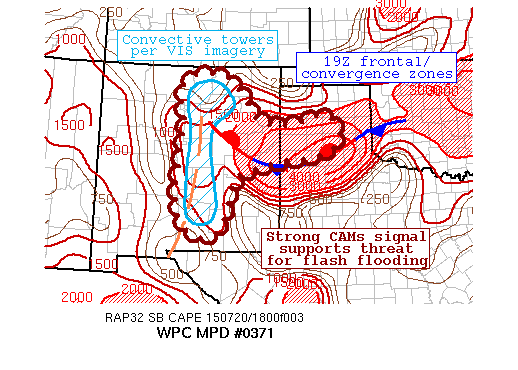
AREAS AFFECTED...CENTRAL TO EASTERN NM/TX PANHANDLE...

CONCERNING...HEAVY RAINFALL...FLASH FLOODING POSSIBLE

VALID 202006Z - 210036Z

SUMMARY...VISIBLE SATELLITE IMAGERY SHOWED NUMEROUS CONVECTIVE
TOWERS ERUPTING OVER THE ELEVATED HEATING SOURCE OF THE SOUTHERN
ROCKIES. SLOW CELL MOTIONS OVER THE COMPLEX TERRAIN MAY LEAD TO
PERIODS OF FLASH FLOODING THIS AFTERNOON/EVENING. FARTHER
EAST...AN ADDITIONAL THREAT FOR HEAVY RAINFALL EXISTS ALONG AN
EAST-WEST ORIENTED BAROCLINIC ZONE EXTENDING INTO THE TX
PANHANDLE.

DISCUSSION...THE 19Z SURFACE ANALYSIS OVER THE SOUTHERN ROCKIES
AND ADJACENT PLAINS SHOWED A PAIR OF BOUNDARIES IN PLACE. SURFACE
CONVERGENCE ALONG THE HIGHER TERRAIN OF NM IN CONJUNCTION WITH
SUFFICIENT DIURNAL HEATING HAS SUPPORTED THE DEVELOPMENT OF
NUMEROUS AREAS OF THUNDERSTORMS. THE 19Z RAP OBJECTIVE ANALYSIS
INDICATED VERY STEEP LAPSE RATES IN THE LOWER/MIDDLE TROPOSPHERE
ACROSS CENTRAL NM WITH 9 TO 9.5 C/KM RATES ANCHORING THE 0 TO 3 KM
LAYER. FARTHER TO THE EAST...SOME CU HAVE DEVELOPED ALONG THE
EAST-WEST TEMPERATURE GRADIENT WITH ROBUST SURFACE-BASED CAPE
VALUES IN THE 5000 TO 6000 J/KG RANGE. THESE SEEM SOMEWHAT BIASED
BY QUESTIONABLE SURFACE DEW POINTS IN THE REGION.
REGARDLESS...TREMENDOUS BUOYANCY IN THE ATMOSPHERE WILL SUPPORT
ADDITIONAL CONVECTION SPREADING EASTWARD INTO THE TX PANHANDLE
DURING THE NEXT FEW HOURS.

LOW-LEVEL WIND FIELDS SHOW A SUBTLE UPSLOPE COMPONENT IN THE FLOW
WHICH SHOULD HELP MAINTAIN SOME OF THE ACTIVITY ALONG THE EASTERN
FLANK OF THE SOUTHERN ROCKIES. SLOW CELL MOTIONS OVER THIS REGION
WILL SUPPORT AN INHERENT FLASH FLOOD RISK...PARTICULARLY IN AREAS
OF LOWER FFG VALUES. THE RISK DOWNSTREAM IS A BIT MORE UNCERTAIN
PENDING ANY SORT OF CELL TRAINING/BACKBUILDING ALONG THE BOUNDARY.

CONVECTION-ALLOWING MODELS ARE CONSISTENT WITH HEAVIER RAINFALL
OVER THE NM TERRAIN WITH PLACEMENT UNCERTAINTY TOWARD THE TX
PANHANDLE. THE PAST FEW CYCLES OF THE OPERATIONAL HRRR HAVE
STRUGGLED WITH CONVECTIVE INITATION. TENDED TO LEAN A BIT MORE ON
THE EXPERIMENTAL RUNS. PLEASE VIEW THE LATEST SPE FROM NESDIS/SAB
FOR ADDITIONAL INFORMATION.